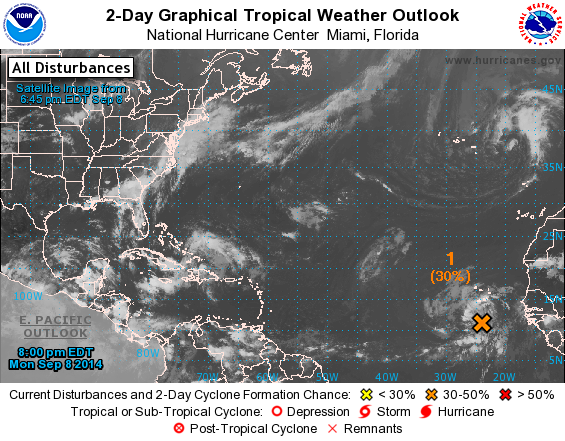
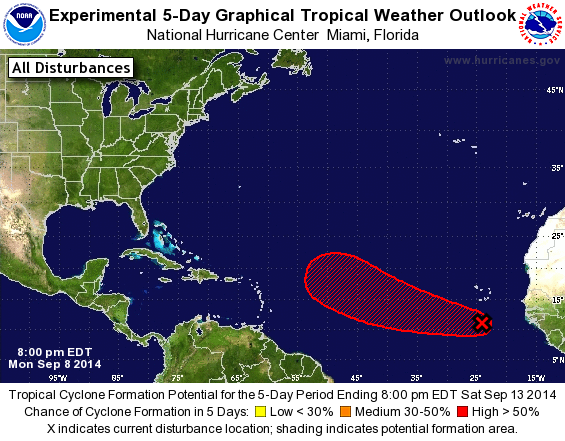
For the North Atlantic...Caribbean Sea and the Gulf of Mexico:

1. A broad area of low pressure located a few hundred miles south of the Cape Verde Islands is producing disorganized showers and thunderstorms. Environmental conditions are forecast to be conducive for gradual development of this disturbance during the next several days while it moves west-northwestward at about 15 mph.
* Formation chance through 48 hours...medium...30 percent.
* Formation chance through 5 days...high...60 percent.

Forecaster Pasch